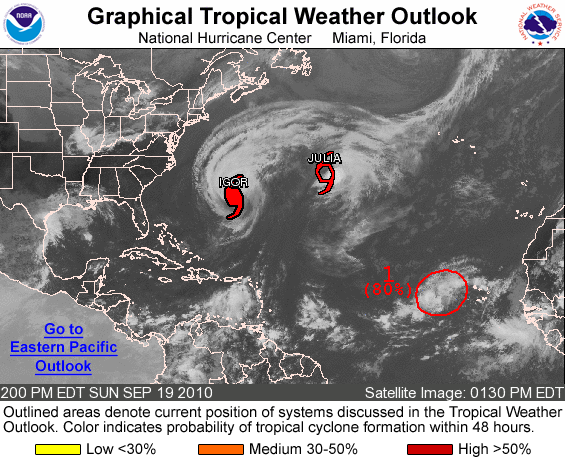
FOR THE NORTH ATLANTIC...CARIBBEAN SEA AND THE GULF OF MEXICO...

THE NATIONAL HURRICANE CENTER IS ISSUING ADVISORIES ON HURRICANE IGOR...LOCATED ABOUT 115 MILES SOUTH-SOUTHWEST OF BERMUDA...AND ON TROPICAL STORM JULIA...LOCATED ABOUT 1325 MILES WEST OF THE AZORES.

1. AN AREA OF LOW PRESSURE IS LOCATED ABOUT 375 MILES WEST OF THE CAPE VERDE ISLANDS. SHOWERS AND THUNDERSTORMS HAVE CHANGED LITTLE IN ORGANIZATION DURING THE PAST FEW HOURS...BUT THE CIRCULATION ASSOCIATED WITH THE LOW APPEARS TO BE IMPROVING. ENVIRONMENTAL CONDITIONS ARE CONDUCIVE FOR A TROPICAL DEPRESSION TO FORM LATER TODAY OR ON MONDAY AS THIS SYSTEM MOVES SLOWLY NORTHWESTWARD AT ABOUT 5 MPH. THERE IS A HIGH CHANCE...80 PERCENT...OF THIS SYSTEM BECOMING A TROPICAL CYCLONE DURING THE NEXT 48 HOURS.

ELSEWHERE...TROPICAL CYCLONE FORMATION IS NOT EXPECTED DURING THE NEXT 48 HOURS.

FORECASTER BERG